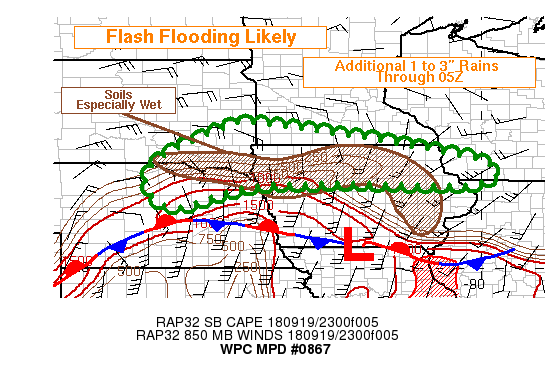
Areas affected...NRN IA...SRN MN...ERN SD...NE NEBRASKA

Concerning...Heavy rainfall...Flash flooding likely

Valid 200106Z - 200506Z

Summary...Increasing ascent in a narrow zone of favorable
instability will overlap with wet antecedent conditions to promote
likely incidences of flash flooding.

Discussion...Areas of convection had been active throughout the
day, but were showing a tendency toward greater intensity and
coverage this evening as synoptic forcing increased over the
Plains and Upper Midwest. At 01Z thunderstorms producing
instantaneous rain rates of 1 to 2 inches per hour were scattered
throughout parts of NE/SD/IA, and bordering on MN. Over the long
haul, models suggest an active night within this narrow corridor
bounded by dry mid level air in the warm sector over southern Iowa
and stable air well into the cool sector over central Minnesota
and northeast South Dakota. In the near term, observational trends
suggested there will be ample opportunity for cell mergers and
upscale growth through 05Z, with multiple clusters of storms
training west to east or WNW to ESE along the instability gradient.

The 12Z NSSL WRF was doing a good job capturing most of the
activity, including thunderstorms in eastern Iowa where the
environment was less supportive, but lift will be increasing
overnight. Throughout much of this zone, Flash Flood Guidance
values had dipped to around 1.0 to 1.5 inches in 1 to 3 hours,
owing to 1 to 4 inches of rain that fell in the past 36 hours. The
overlap of new rainfall with wet antecedent conditions makes a few
instances of new flash flooding appear likely overnight. Even in
drier parts of eastern Nebraska the initial cells had shown some
supercell tendency, with slow deviant motion, and heftier rain
rates estimated above 2.0 inch/hr via dual-pol, although perhaps
with some hail contamination.

Overall, the synoptic environment will just become more supportive
in response to a tightening upper jet circulation and approaching
height falls, leading to a focused heavy rain event, and one that
may last many hours, with the heaviest rates occurring earlier in
the event.